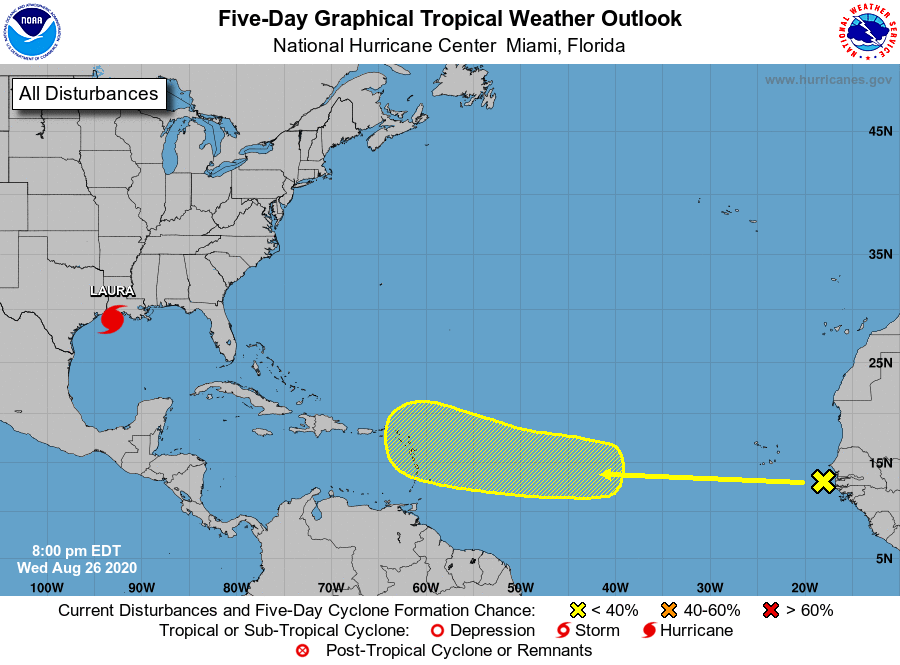
For the North Atlantic...Caribbean Sea and the Gulf of Mexico:

The National Hurricane Center is issuing advisories on powerful Hurricane Laura, located just offshore the southwestern coast of Louisiana.

1. A westward-moving tropical wave located just off the west coast of Africa about 400 miles east-southeast of the Cabo Verde Islands is producing disorganized shower activity. Although environmental conditions are not expected to be conducive for development during the next couple of days, they are forecast to gradually become more favorable over the weekend and into early next week when the wave moves into the central and western tropical Atlantic.
* Formation chance through 48 hours...low...near 0 percent.
* Formation chance through 5 days...low...20 percent.

Forecaster Stewart